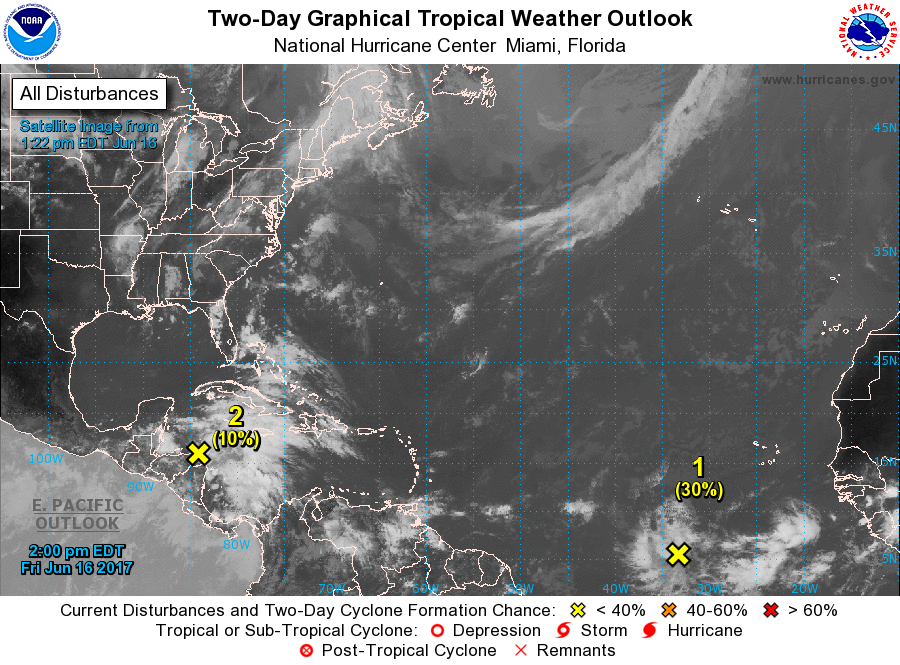
For the North Atlantic...Caribbean Sea and the Gulf of Mexico:

1. Cloudiness and showers associated with a tropical wave located several hundred miles southwest of the Cabo Verde Islands continue to show signs of organization. Slow development is possible during the next few days while the wave moves westward at 15-20 mph over the tropical Atlantic.
* Formation chance through 48 hours...low...30 percent.
* Formation chance through 5 days...medium...50 percent.

2. A large area of disturbed weather has formed over the western Caribbean Sea and the adjacent portions of Central America. Conditions appear to be favorable for gradual development of this system while it moves slowly northwestward across the Yucatan Peninsula this weekend and into the southern and central Gulf of Mexico early next week. Regardless of development, heavy rains are likely to spread over portions of Central America and the Yucatan Peninsula during the next several days.
* Formation chance through 48 hours...low...10 percent.
* Formation chance through 5 days...medium...60 percent.

Forecaster Beven